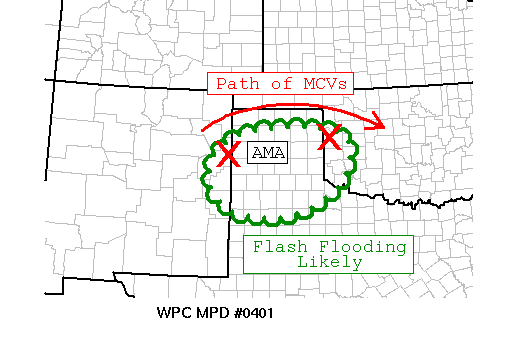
AREAS AFFECTED...TEXAS PANHANDLE

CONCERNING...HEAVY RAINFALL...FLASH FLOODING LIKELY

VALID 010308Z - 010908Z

SUMMARY...FLASH FLOODING LIKELY ACROSS PARTS OF THE TEXAS
PANHANDLE OVERNIGHT.

DISCUSSION...CONVECTION LIKELY ROOTED IN THE 800 TO 650 MB LAYER
CONTINUES TO EXPAND IN RESPONSE TO LOCALIZED MAXIMA IN MOISTURE
FLUX CONVERGENCE AIDED BY THE DEFORMATION ZONE BETWEEN 2
MCVS...ONE ALONG THE NM/TX BORDER AND ANOTHER OVER W. CENTRAL OK.
THE INFLOW LAYER APPEARS ASSOCIATED WITH LAYER CAPES OF 500 TO
1200 J/KG WITH MEAN CELL MOTIONS TOWARD THE EAST AT 10 KNOTS.
GIVEN DEEP MOISTURE LEVELS...RAIN RATES OF 1.5 TO PERHAPS NEAR 2
INCHES PER HOUR ARE LIKELY IN REGIONS OF DEEP PERSISTENT
CONVECTION.

THROUGH 09Z...EXTRAPOLATION OF THESE ENVIRONMENTAL AND KINEMATIC
CONDITIONS SUGGEST CONVECTION WILL CONTINUE TO EXPAND BETWEEN THE
MCVS...WITH VERY SLOW CELL MOTIONS AND DEEP MOISTURE SUSTAINING
THESE RAIN RATES OVERNIGHT.  CURRENT HI-RES GUIDANCE LAGS THE
CURRENT ACTIVITY AND THUS WAS NOT RELIED UPON FOR THIS FORECAST.

THE LOCATION OF THE DEEP MOISTURE PLUME ALONG THE NORTHERN
PERIPHERY OF THE UPPER HIGH SUGGESTS A GENERAL EAST TO EAST
SOUTHEAST MOTION FOR MOST CELLS OVERNIGHT...WHILE INFLOW FROM THE
WEST FAVORS PROPAGATION AND REPEATED CELL DEVELOPING ALONG THE
WESTERN EDGES OF CURRENT ACTIVITY.  FFG VALUES ARE LOWEST ALONG
THE NM/W. TX BORDER BEFORE INCREASING FARTHER EAST...WITH THE
MESOSCALE ENVIRONMENT AND ACCOMPANYING RAIN RATES EXPECTED TO BE
MORE THAN SUFFICIENT TO EXCEED GUIDANCE VALUES AT SOME POINT.